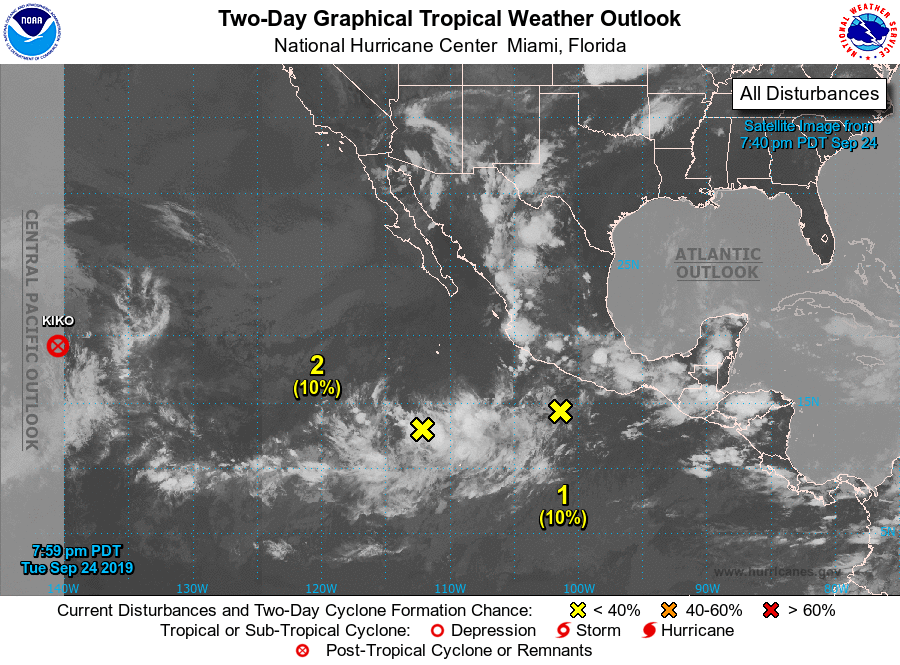
For the eastern North Pacific...east of 140 degrees west longitude:

The National Hurricane Center has issued the last advisory on Tropical Storm Kiko, which has moved into the central Pacific basin. The next advisory will be issued by the Central Pacific Hurricane Center at 5 PM HST.

1. A weak area of low pressure located a couple of hundred miles south of the southwestern coast of Mexico is producing limited showers and thunderstorms. Significant development of this system is not expected while it moves northward at 5 to 10 mph through Wednesday and then becomes absorbed within a larger trough on Thursday.
* Formation chance through 48 hours...low...10 percent.
* Formation chance through 5 days...low...10 percent.

2. A broad area of low pressure has formed several hundred miles south-southwest of southern tip of the Baja California peninsula. Some development of this system is possible later this week while it moves slowly northward or northeastward. This system is likely to be absorbed over the weekend by a larger system that is expected to develop near the southwestern coast of Mexico.
* Formation chance through 48 hours...low...near 10 percent.
* Formation chance through 5 days...low...20 percent.

3. An elongated surface trough is expected to form within a couple of hundred miles of the southern coast of Mexico during the next several days. An area of low pressure is likely to form along this trough, and it could become a tropical depression over the weekend while moving slowly west-northwestward near the southern coast of Mexico.
* Formation chance through 48 hours...low...near 0 percent.
* Formation chance through 5 days...medium...50 percent.

Future information on this system can be found in Public Advisories issued by the Central Pacific Hurricane Center under AWIPS header HFOTCPCP4, WMO header WTPA34 PHFO. Products will continue to be available on the web at hurricanes.gov

Forecaster Latto